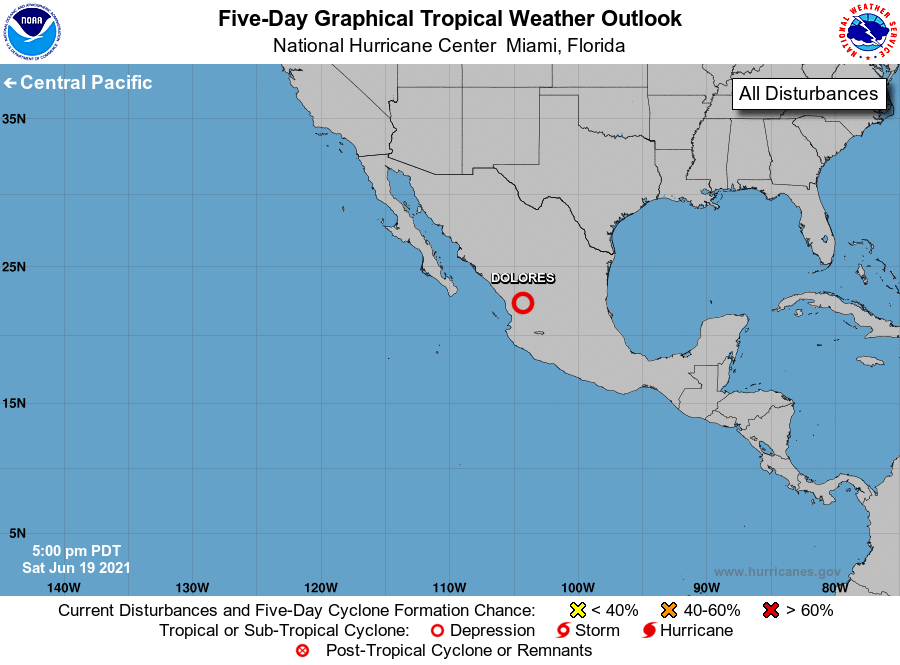
For the eastern North Pacific...east of 140 degrees west longitude:

The National Hurricane Center is issuing advisories on recently downgraded Tropical Depression Dolores, located inland over west-central Mexico.

Tropical cyclone formation is not expected during the next 5 days.

Forecaster Latto